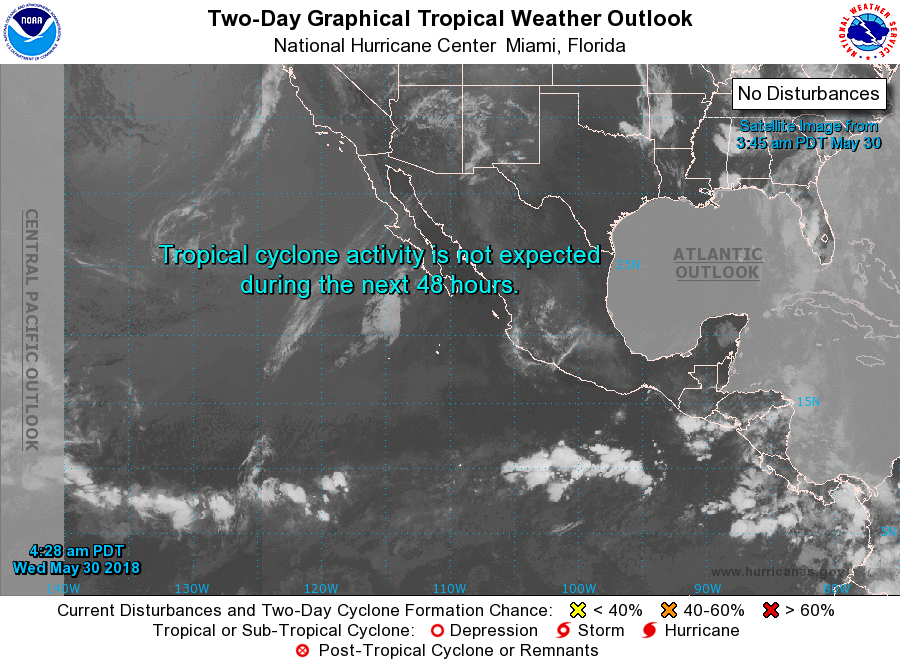
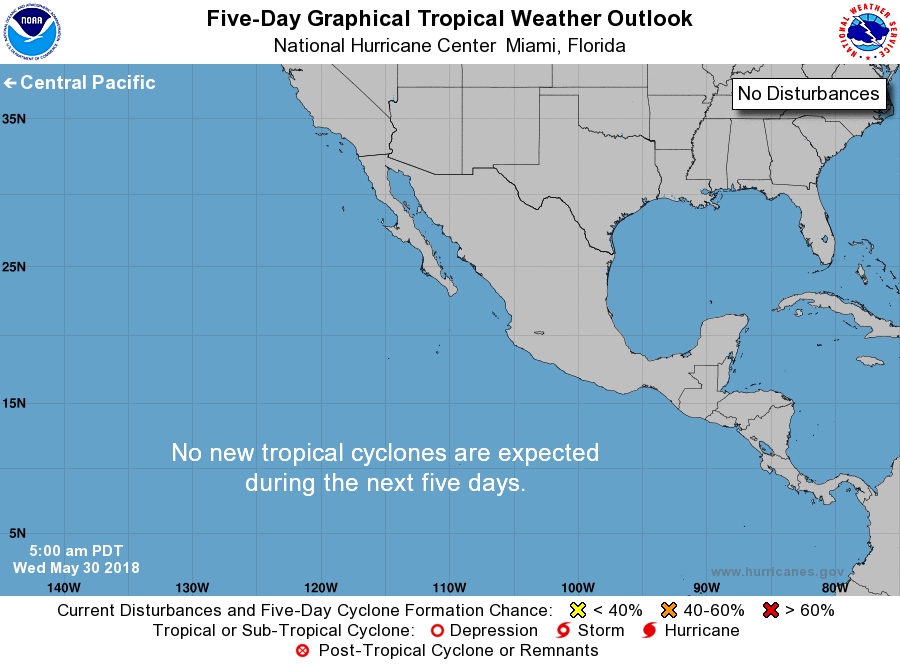
For the eastern North Pacific...east of 140 degrees west longitude:

Tropical cyclone formation is not expected during the next 5 days.

Forecaster Brown